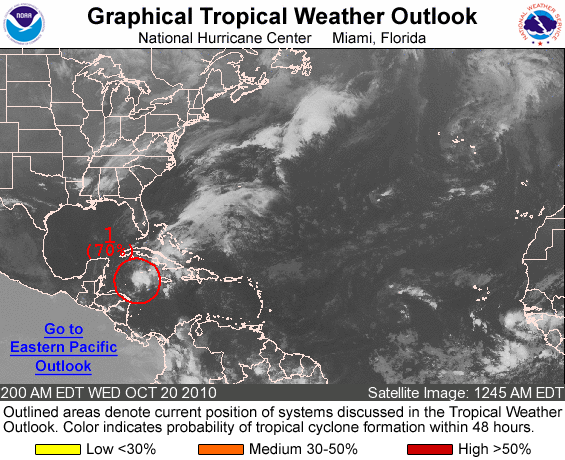
FOR THE NORTH ATLANTIC...CARIBBEAN SEA AND THE GULF OF MEXICO...

1. A NEARLY STATIONARY AREA OF LOW PRESSURE IS CENTERED ABOUT 165 MILES SOUTHWEST OF GRAND CAYMAN. SHOWERS AND THUNDERSTORMS ASSOCIATED WITH THE LOW HAVE INCREASED TO THE NORTHEAST OF ITS CENTER DURING THE PAST FEW HOURS. ALTHOUGH UPPER-LEVEL WINDS ARE MARGINALLY CONDUCIVE FOR DEVELOPMENT...ONLY A SMALL INCREASE IN ORGANIZATION OF THE THUNDERSTORM ACTIVITY COULD LEAD TO THE FORMATION OF A TROPICAL DEPRESSION. AN AIR FORCE RESERVE RECONNAISSANCE AIRCRAFT IS SCHEDULED TO INVESTIGATE THE LOW LATER THIS MORNING. INTERESTS IN THE NORTHWEST CARIBBEAN SEA SHOULD CONTINUE TO MONITOR THE PROGRESS OF THIS SYSTEM. THERE IS A HIGH CHANCE...70 PERCENT...OF THIS SYSTEM BECOMING A TROPICAL CYCLONE DURING THE NEXT 48 HOURS.

ELSEWHERE...TROPICAL CYCLONE FORMATION IS NOT EXPECTED DURING THE NEXT 48 HOURS.

FORECASTER BROWN